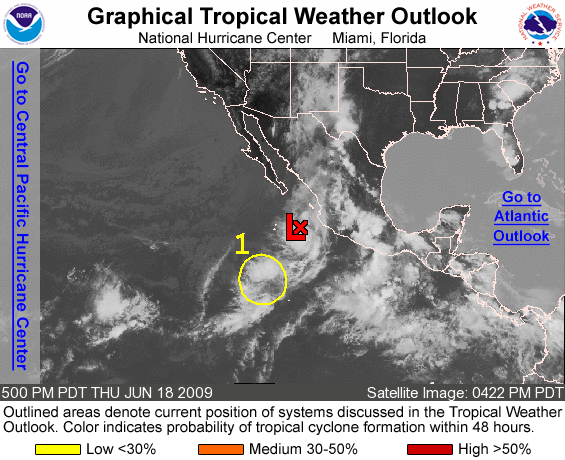
FOR THE EASTERN NORTH PACIFIC...EAST OF 140 DEGREES WEST LONGITUDE..

THE NATIONAL HURRICANE CENTER IS ISSUING ADVISORIES ON TROPICAL DEPRESSION ONE-E...LOCATED ABOUT 340 MILES SOUTH-SOUTHWEST OF MAZATLAN MEXICO.

1. SHOWERS AND THUNDERSTORMS ASSOCIATED WITH A TROUGH OF LOW PRESSURE LOCATED ABOUT 625 MILES SOUTHWEST OF MANZANILLO MEXICO REMAIN DISORGANIZED. DEVELOPMENT OF THIS SYSTEM IS NOT LIKELY IN THE NEXT TWO DAYS AS IT MOVES SLOWLY NORTHEASTWARD. THERE IS A LOW CHANCE...LESS THAN 30 PERCENT...OF THIS SYSTEM BECOMING A TROPICAL CYCLONE DURING THE NEXT 48 HOURS.

ELSEWHERE...TROPICAL CYCLONE FORMATION IS NOT EXPECTED DURING THE NEXT 48 HOURS.

PUBLIC ADVISORIES ON TROPICAL DEPRESSION ONE-E ARE ISSUED UNDER WMO HEADER WTPZ31 KNHC AND UNDER AWIPS HEADER MIATCPEP1. FORECAST/ADVISORIES ON TROPICAL DEPRESSION ONE-E ARE ISSUED UNDER WMO HEADER WTPZ21 KNHC AND UNDER AWIPS HEADER MIATCMEP1.

FORECASTER LANDSEA/BEVEN